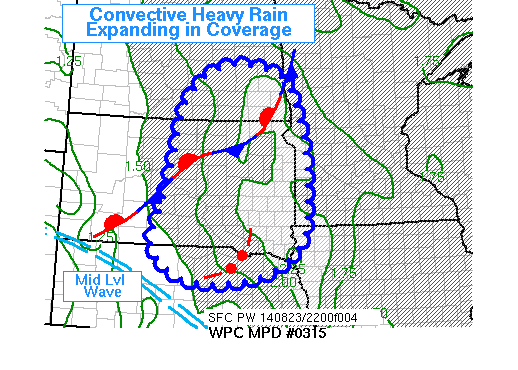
AREAS AFFECTED...ERN SD...ERN ND...WRN MN

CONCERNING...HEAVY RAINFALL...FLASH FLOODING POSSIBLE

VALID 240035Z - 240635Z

SUMMARY...DIFLUENT UPPER FLOW AND ARRIVAL OF A MID LEVEL WAVE WILL
SUPPORT EXPANDING COVERAGE OF CONVECTIVE HEAVY RAINFALL INTO THE
EARLY NIGHTTIME. EXPECT RAIN RATES APPROACHING 2 INCHES PER HOUR
AND THE POTENTIAL FOR FLASH FLOODING.

DISCUSSION...A SHORTWAVE IS FORECAST TO ROTATE NE-WARD THROUGH
THIS REGION. A LOCAL MINIMUM OF INSTABILITY WAS ASSOCIATED WITH
REMNANT MORNING STRATUS ADVECTING THROUGH EASTERN SD...BUT PER
SEVERAL MODELS...MIXED LAYER CAPE WILL INCREASE WESTWARD AND
NORTHWARD OUT OF FAR ERN NE/SD THROUGH 06Z. AT 00Z...CONVECTIVE
CLUSTERS WERE BECOMING MORE NUMEROUS...AND DUAL-POL ALGORITHMS
DEPICTED GROWING COVERAGE OF HEAVY RAIN. DESPITE THE PRESENCE OF
SOME HAIL...THE AXIS OF 1.5-PLUS INCH PW ACROSS THIS AREA SUGGESTS
RECENT RADAR ESTIMATES OF 2-INCH PER HOUR RAINFALL ARE LIKELY
ACCURATE.

THE MODEL SIGNAL INSPIRES CONFIDENCE IN A LONGER TERM HEAVY RAIN
THREAT...WITH MOST OF THE SSEO COMPONENT MODELS AS WELL AS THE NAM
CONEST FORECASTING 2-3 INCH SWATHS WITH EMBEDDED ISOLATED 5 INCH
MAXIMA THROUGH 12Z. IN THE NEAR TERM...THE HRRR HAS BEEN SOMEWHAT
INCONSISTENT IN MAGNITUDE...BUT DOES SUPPORT THE NOTION OF
INCREASED CONVECTIVE COVERAGE...ESPECIALLY OVER EASTERN ND/SD. THE
ACTIVITY BLOSSOMING OVER NORTHEAST NE AT 00Z IS ALSO KEY...AS MOST
MODELS...INCLUDING THE 21Z AND 22Z HRRR... HAVE A SIGNAL FOR THIS
TO BECOME ANCHORED NEAR THE LEADING EDGE OF STRONG AND UNSTABLE
INFLOW. THIS COULD FOCUS A FLASH FLOOD THREAT WITHIN A RADIUS
SURROUNDING SE SD.

A SECOND...MORE PREDICTABLE FOCUS WILL BE NEAR/NORTH OF THE
QUASI-STATIONARY FRONT WHERE INCREASING LIFT AND INSTABILITY IS
EXPECTED FROM AROUND ABERDEEN TOWARD THE N AND NE. MODERATELY
SIZED FLASH FLOOD GUIDANCE NUMBERS SHOULD BE ACHIEVABLE GIVEN
EFFICIENT RAINFALL.